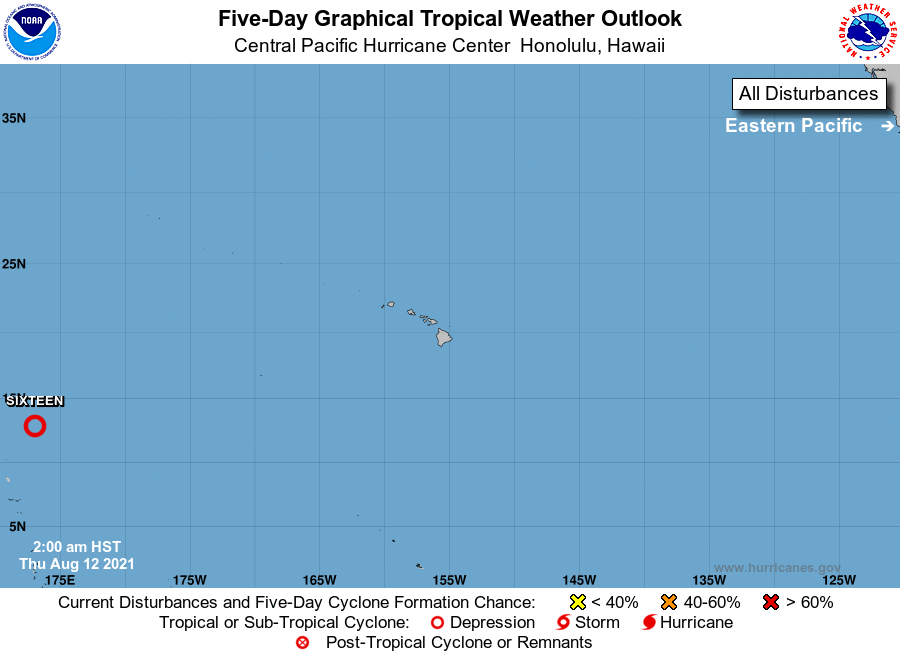
For the central North Pacific...between 140W and 180W:

No tropical cyclones are expected during the next 5 days.

Forecaster Houston